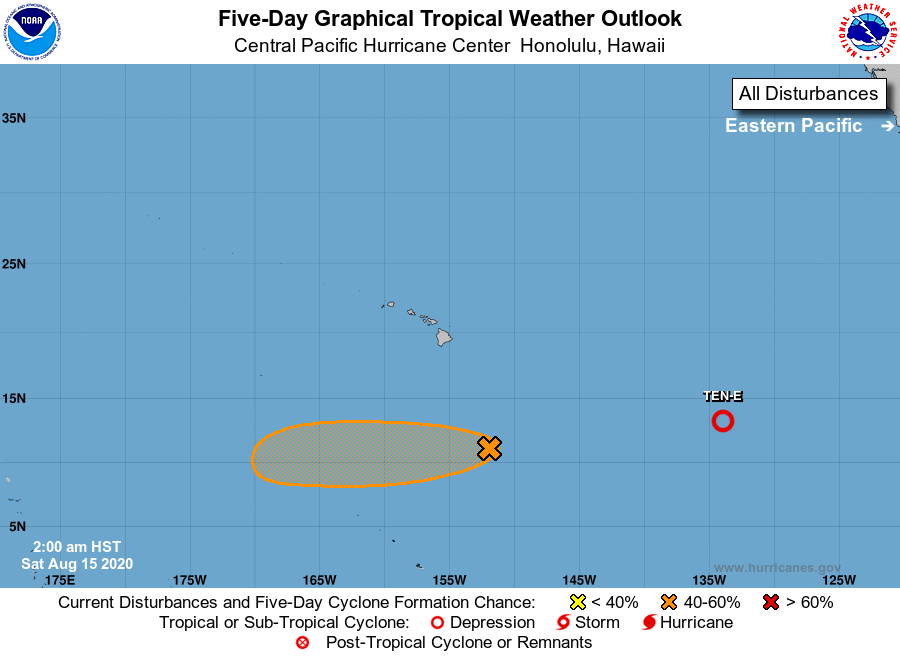
For the central North Pacific...between 140W and 180W:

1. An area of low pressure is located around 600 miles south- southeast of Hilo, Hawaii. Shower and thunderstorm activity have become better organized overnight. Environmental conditions are expected to become more conducive for development during the next few days and a tropical depression may form later this weekend or early next week as the system moves steadily west at around 10 mph.
* Formation chance through 48 hours...medium...40 percent.
* Formation chance through 5 days...medium...50 percent.

Elsewhere, no tropical cyclones are expected during the next 5 days.

Forecaster Lau